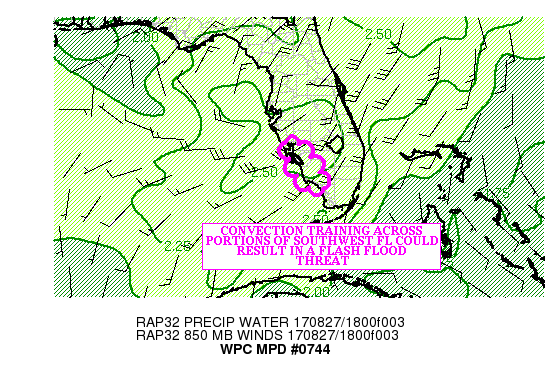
AREAS AFFECTED...SOUTHWEST FL

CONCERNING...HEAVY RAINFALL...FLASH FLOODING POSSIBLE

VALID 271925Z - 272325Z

SUMMARY...CONVECTION TRAINING FROM THE GULF OF MEXICO COULD
PRODUCE A FLASH FLOOD THREAT ACROSS PORTIONS OF SOUTHWEST FL THAT
RECEIVED HEAVY RAINFALL SATURDAY INTO SATURDAY NIGHT.

DISCUSSION...THE KTBW RADAR SHOWED AN AXIS OF CONVECTION EXTENDING
FROM THE EASTERN GULF OF MEXICO ACROSS PORTIONS OF SOUTHWEST FL
THIS AFTERNOON. THE CONVECTION IS MOVING ALONG A LOW LEVEL
CONVERGENCE AXIS NEAR KFMY/KRSW...WHERE PRECIPITABLE WATER VALUES
REMAIN NEAR 2.50 INCHES (PER THE MOST RECENT RAP ANALYSIS).

THE GOES-16 CLEAN IR LOOP SHOWED COOLING TOPS ALONG THE LOW LEVEL
CONVERGENCE AXIS...AND THE KTBW RADAR INDICATED HOURLY RAINFALL
RATES NEARING 1.50 INCHES. INSTABILITY IS RELATIVELY LOW OVER THIS
AREA (WITH MLCAPE WAS GENERALLY BETWEEN 500-1000 J/KG). GIVEN THE
DEEP MOISTURE IN PLACE...THE CONVECTION SHOULD MAKE THE MOST OF
THE AVAILABLE INSTABILITY...AS WARM RAIN PROCESSES RESULT IN HIGH
HOURLY RAINFALL RATES.

THE MOST RECENT HRRR SHOWED AN AXIS OF 4.00 TO 6.00 INCHES OF
RAINFALL NORTH OF THIS AREA...BUT BASED ON THE RADAR
PRESENTATION...THE HRRR APPEARS TO BE TOO FAR NORTH WITH THE
MAXIMUM QPF AXIS. THE ADDITIONAL RAINFALL COULD RESULT IN AN
ENHANCED FLASH FLOOD THREAT IN THE FORT MYERS/CAPE CORAL
AREA...WHERE HEAVY RAINFALL OCCURRED SATURDAY INTO SATURDAY NIGHT.